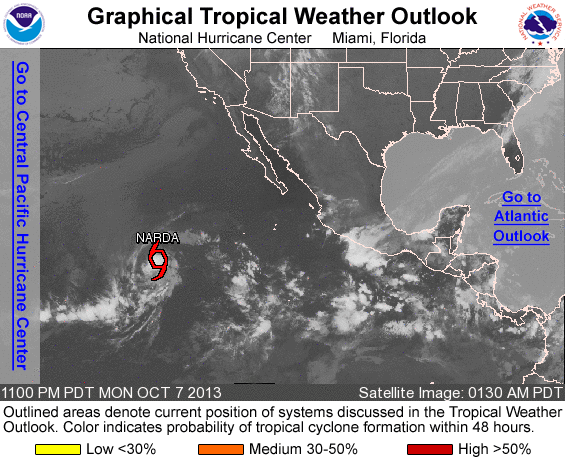
FOR THE EASTERN NORTH PACIFIC...EAST OF 140 DEGREES WEST LONGITUDE..

THE NATIONAL HURRICANE CENTER IS ISSUING ADVISORIES ON TROPICAL STORM NARDA...LOCATED WELL TO THE WEST-SOUTHWEST OF THE SOUTHERN TIP OF THE BAJA CALIFORNIA PENINSULA.

TROPICAL CYCLONE FORMATION IS NOT EXPECTED DURING THE NEXT 48 HOURS.

OTHER SYSTEMS WITH FORMATION POTENTIAL BEYOND 48 HOURS...

A BROAD AREA OF LOW PRESSURE COULD FORM SEVERAL HUNDRED MILES OFFSHORE OF THE SOUTHWESTERN COAST OF MEXICO IN A FEW DAYS...AND ENVIRONMENTAL CONDITIONS SHOULD BE CONDUCIVE FOR SOME DEVELOPMENT OF THIS LOW BY THE END OF THE WEEK. THIS SYSTEM HAS A LOW CHANCE... NEAR 0 PERCENT...OF BECOMING A TROPICAL CYCLONE DURING THE NEXT 48 HOURS...AND A MEDIUM CHANCE...30 PERCENT...OF BECOMING A TROPICAL CYCLONE DURING THE NEXT 5 DAYS WHILE IT MOVES WEST-NORTHWESTWARD AT ABOUT 10 MPH.

&&
FIVE-DAY FORMATION PROBABILITIES ARE EXPERIMENTAL IN 2013. COMMENTS ON THE EXPERIMENTAL FORECASTS CAN BE PROVIDED AT...

HTTP://WWW.NWS.NOAA.GOV/SURVEY/NWS-SURVEY.PHP?CODE=ETWO

FORECASTER BERG